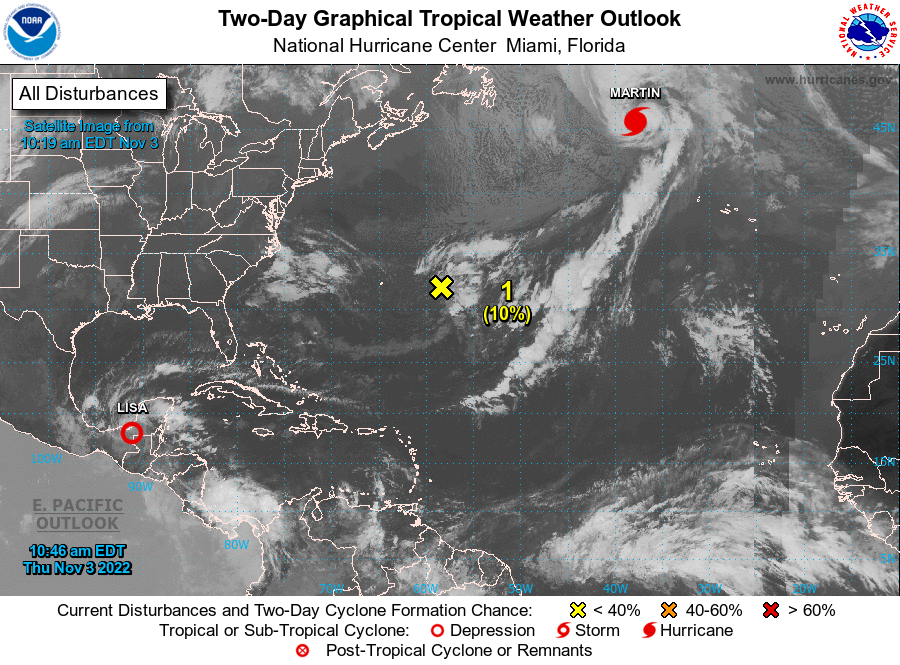
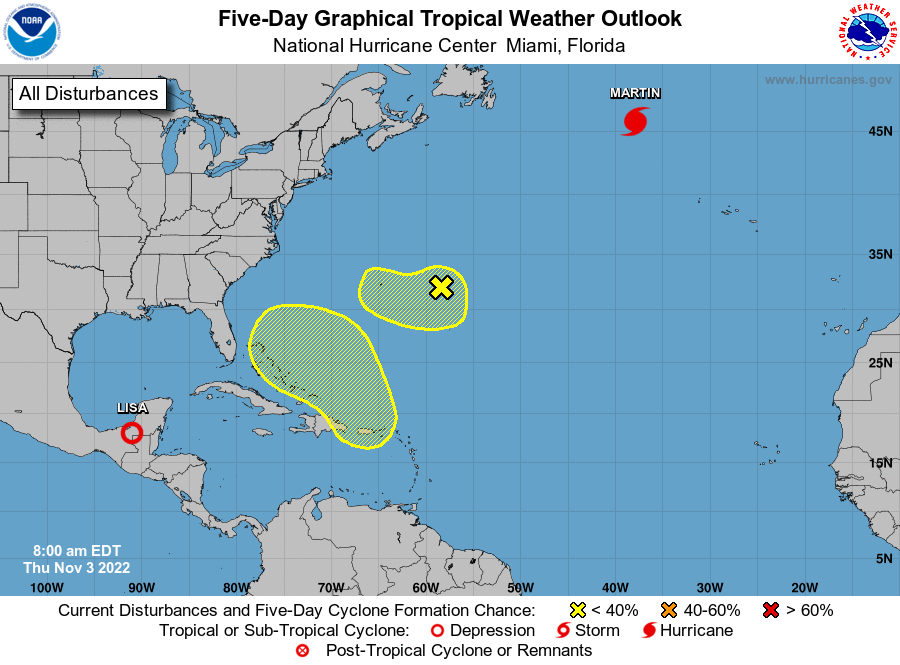
For the North Atlantic...Caribbean Sea and the Gulf of Mexico:

Active Systems: The National Hurricane Center is issuing advisories on Tropical Storm Lisa, located inland over southeastern Mexico, and on Hurricane Martin, located over the central North Atlantic.

1. Northwestern Atlantic: Disorganized showers and thunderstorms are associated with a weak non-tropical area of low pressure located a few hundred miles east of Bermuda. Environmental conditions are expected to be marginally conducive for slow subtropical or tropical development of this system during the next few days as it moves slowly southward today and then turns westward by the weekend. The disturbance is expected to merge with a larger system developing to its southwest by the end of the weekend and further development is not anticipated at that time.
* Formation chance through 48 hours...low...10 percent.
* Formation chance through 5 days...low...10 percent.

2. Southwestern Atlantic: A large non-tropical low pressure system is expected to develop this weekend over the northeastern Caribbean sea and southwestern Atlantic. The system is expected to initially be very broad and disorganized, but environmental conditions could support gradual subtropical or tropical development beginning early next week while it moves generally northward or northwestward.
* Formation chance through 48 hours...low...near 0 percent.
* Formation chance through 5 days...low...30 percent.

Forecaster D. Zelinsky